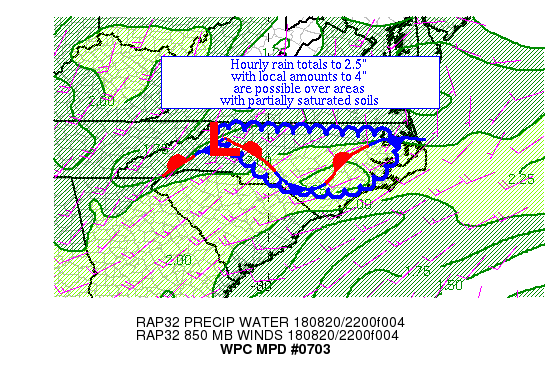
Areas affected...NC

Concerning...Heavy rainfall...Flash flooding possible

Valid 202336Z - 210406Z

Summary...Showers and thunderstorms are developing over an area
with recent heavy rainfall.  Hourly rain totals to 2.5" with local
amounts to 4" are possible through 04z.

Discussion...A boundary across NC has been acting as a focus for
showers and thunderstorms over the past couple hours.  Some of the
thunderstorms are aligning into a band ahead of what appears to be
a mesocyclone moving out of western NC.  Precipitable water values
are 1.75-2.25".  ML CAPE values of 2000-2500 J/kg exist in this
region.  Effective bulk shear of 20-30 kts is helping to organize
thunderstorm activity.  The flow aloft is divergent in the wake of
an upper level low moving out into the western Atlantic, with an
apparent jet streak punching down from central VA into northern NC
per water vapor imagery.

The mesoscale guidance shows a scattershot signal of local amounts
in the 3-4" range over the next several hours.  The 18z HREF
probabilities of 1"+ an hour begin to relent beyond 04z, which
defined the time horizon of the MPD.  Given the available
moisture, 2.5" an hour rates are possible where cell merge, train,
backbuild, or where mesocyclones appear.  There is special concern
in NC as conditions have been wet lately, with pockets of 3-5" of
rain during the past couple days and two week precipitation
anomalies showing pockets of 200-300% of normal.  Given the
organized nature of some of the thunderstorm activity and the
partially saturated conditions, flash flooding is considered
possible.